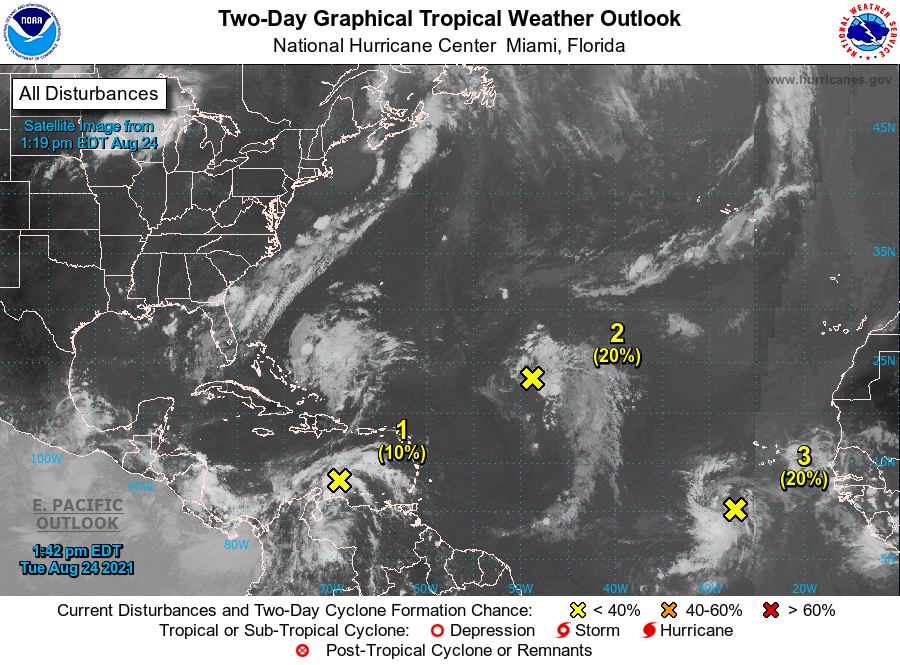
For the North Atlantic...Caribbean Sea and the Gulf of Mexico:

1. A broad area of low pressure is expected to form over the southwestern Caribbean Sea in a couple of days from a tropical wave currently located over the central Caribbean Sea. Environmental conditions are forecast to be conducive for development of the low if it remains over water, and a tropical depression could form late this week or this weekend while the system moves northwestward over the northwestern Caribbean Sea, across the Yucatan Peninsula of Mexico, and into the southwestern Gulf of Mexico by Sunday.
* Formation chance through 48 hours...low...10 percent.
* Formation chance through 5 days...medium...60 percent.

2. A broad trough of low pressure is producing disorganized showers and thunderstorms over the central tropical Atlantic almost 1000 miles east-northeast of the northern Leeward Islands. Little development of this system is expected during the next day or two due while it moves northwestward at about 15 mph over marginally conducive ocean temperatures and is affected by strong upper-level winds. Afterwards, environmental conditions are expected to become more conducive for development, and a tropical depression is likely to form by the end of the week while the system turns eastward over the central Atlantic.
* Formation chance through 48 hours...low...20 percent.
* Formation chance through 5 days...high...70 percent.

3. Another tropical wave over the far eastern tropical Atlantic located a few hundred miles south-southwest of the Cabo Verde Islands is producing a concentrated area of showers and thunderstorms. Some development of this system is possible over the next several days while it moves westward to west-northwestward at 10 to 15 mph over the eastern tropical Atlantic. Upper-level winds are forecast to become less conducive for development by the weekend.
* Formation chance through 48 hours...low...20 percent.
* Formation chance through 5 days...low...30 percent.

Forecaster Berg